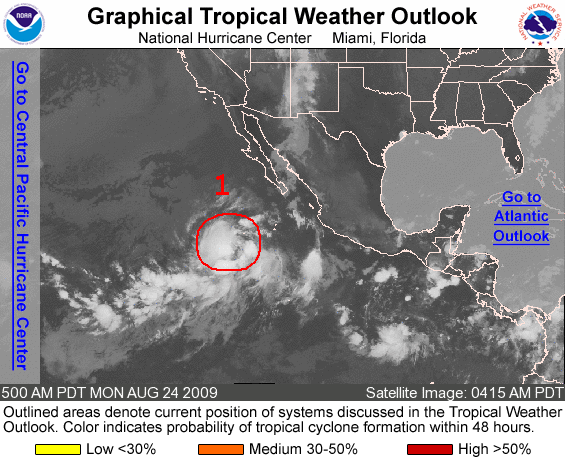
FOR THE EASTERN NORTH PACIFIC...EAST OF 140 DEGREES WEST LONGITUDE..

1. SHOWERS AND THUNDERSTORMS CONTINUE IN ASSOCIATION WITH A BROAD AREA OF LOW PRESSURE LOCATED ABOUT 550 MILES SOUTH-SOUTHWEST OF THE SOUTHERN TIP OF BAJA CALIFORNIA. ALTHOUGH UPPER-LEVEL WINDS ARE ONLY MARGINALLY CONDUCIVE FOR DEVELOPMENT...ONLY A SMALL INCREASE IN ORGANIZATION WOULD LEAD TO TROPICAL CYCLONE FORMATION AS THE LOW MOVES WEST-NORTHWESTWARD AT 10 TO 15 MPH. THERE IS A HIGH CHANCE...GREATER THAN 50 PERCENT...OF THIS SYSTEM BECOMING A TROPICAL CYCLONE DURING THE NEXT 48 HOURS.

ELSEWHERE...TROPICAL CYCLONE FORMATION IS NOT EXPECTED DURING THE NEXT 48 HOURS.

FORECASTER KIMBERLAIN/PASCH